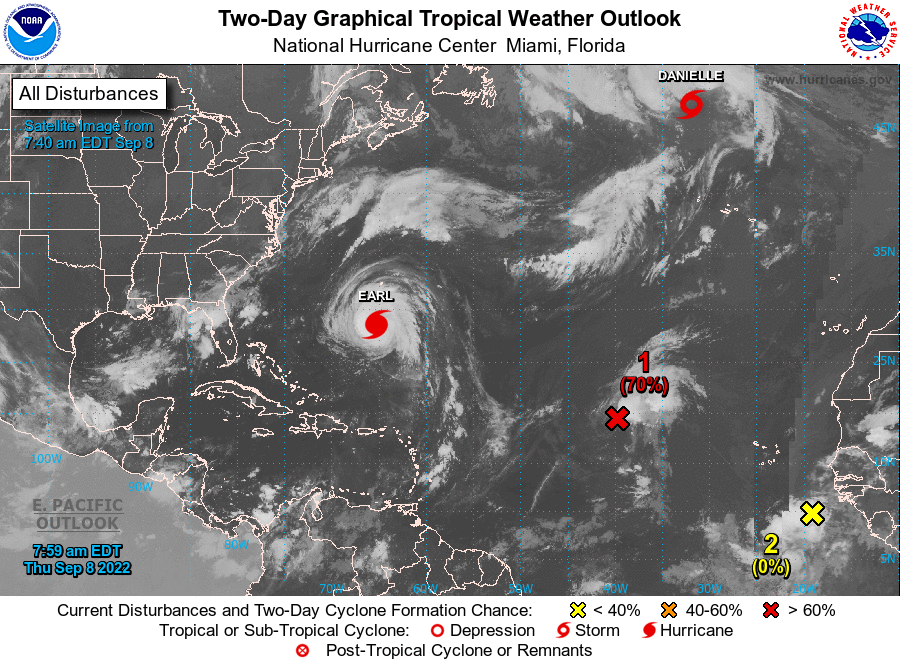
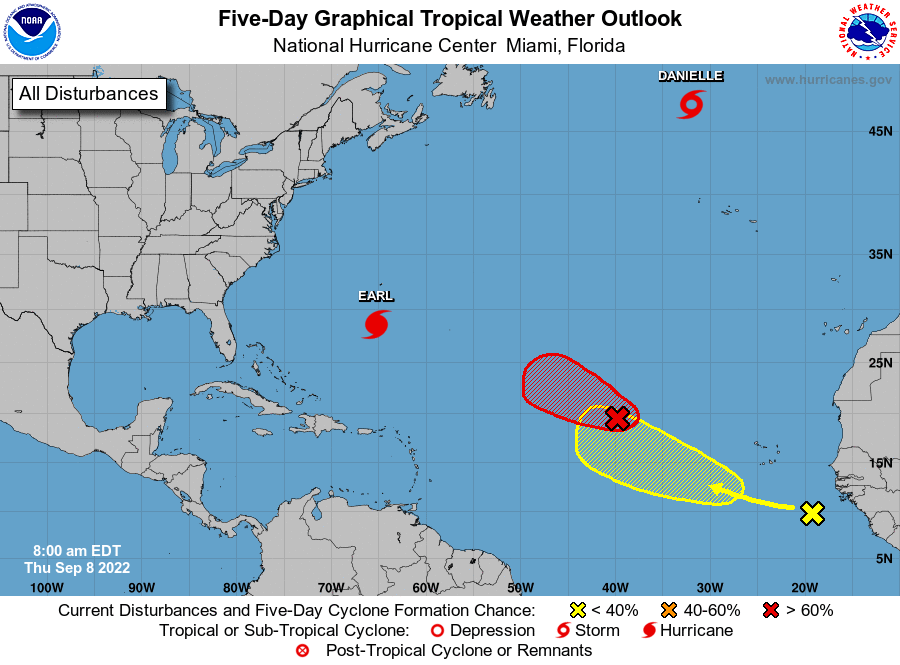
For the North Atlantic...Caribbean Sea and the Gulf of Mexico:

Active Systems: The National Hurricane Center is issuing advisories on Hurricane Danielle, located several hundred miles north-northwest of the Azores, and on Hurricane Earl, located a few hundred miles south of Bermuda.

1. Central Tropical Atlantic: An area of low pressure located almost a thousand miles west-northwest of the Cabo Verde Islands is producing a concentrated area of disorganized showers and thunderstorms primarily east of its center. Environmental conditions appear only marginally conducive for additional development of this system, but only a small increase in organization could result in the formation of a short-lived tropical depression or storm later today while it moves westward to west-northwestward at 15 to 20 mph over the central tropical Atlantic. After that time, upper-level winds are forecast to become less conducive for development.
* Formation chance through 48 hours...high...70 percent.
* Formation chance through 5 days...high...70 percent.

2. Eastern Tropical Atlantic: A tropical wave has recently emerged off the west coast of Africa this morning and is producing an area of disorganized showers and thunderstorms. Environmental conditions appear conducive for some gradual development as the system moves generally west-northwestward over the eastern tropical Atlantic.
* Formation chance through 48 hours...low...near 0 percent.
* Formation chance through 5 days...low...30 percent.

Forecaster Papin